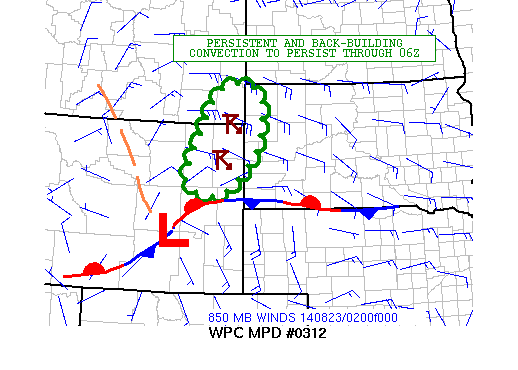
AREAS AFFECTED...NORTHEAST WY...EXTREME SOUTHEAST MT...EXTREME
WESTERN SD

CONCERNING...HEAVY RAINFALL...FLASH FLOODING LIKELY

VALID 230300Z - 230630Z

SUMMARY...A CLUSTER OF INTENSE CONVECTION WILL FOSTER SERIOUS
FLASH FLOOD CONCERNS OVER THE NEXT FEW HOURS AS THE ACTIVITY BACK
BUILDS AND TRAINS OVER THE SAME AREA.

DISCUSSION...A RELATIVELY SMALL CLUSTER OF STRONG THUNDERSTORMS IS
NOTED IN SAT AND RADAR IMAGERY OVER NERN WY ATTM. THE CONVECTION
IS FORMING GENERALLY WEST OF THE BLACK HILLS BUT IS FORMING IN AN
AREA WHERE THERE IS MODEST INSTABILITY AS PER THE LATEST RAP
ANALYSIS. THE STRONGER FORCING MECHANISM IS THE APPROACH OF THE
DEEP LYR TROUGH OVER THE NWRN U.S. WHICH IS AIDING SFC LOW
PRESSURE DEVELOPMENT ALONG A FRONTAL ZONE OVER ERN WY.

VERY STRONG DYNAMICS ARE ARRIVING IN ASSOC WITH THIS UPR
TROUGH...AND IT IS LIKELY THAT THE ONGOING CONVECTION WILL PERSIST
AND MAY EVEN EXPAND SOME OVER THE NEXT COUPLE OF HOURS GIVEN THE
EXPECTATION FOR STRONGER LOW LVL MOISTURE TRANSPORT ARRIVING FROM
THE N CNTRL PLAINS AND INTERACTING WITH THE FRONT.

THERE IS POTENTIAL FOR LOCALLY VERY SERIOUS FLASH FLOODING THROUGH
06Z AS THE 18Z NAM-CONEST AND 00Z HRRR INDICATE A CONCENTRATED
AREA OF EXTREMELY HVY RAINFALL AMTS OVER NERN WY AND NEAR THE MT
BORDER THROUGH 06Z.

RAINFALL RATES OF 1 TO 2 INCHES/HR ARE EXPECTED TO CONTINUE AND
WITH AN ENVIRONMENT CONDUCIVE FOR BACK-BUILDING AND
TRAINING...THERE WILL LIKELY BE SOME VERY HVY TOTALS. STORM TOTALS
THROUGH 06Z EXCEEDING 5 INCHES ARE POSSIBLE BASED ON THE
AFOREMENTIONED HI-RES MODELS. WILL CONTINUE TO MONITOR.